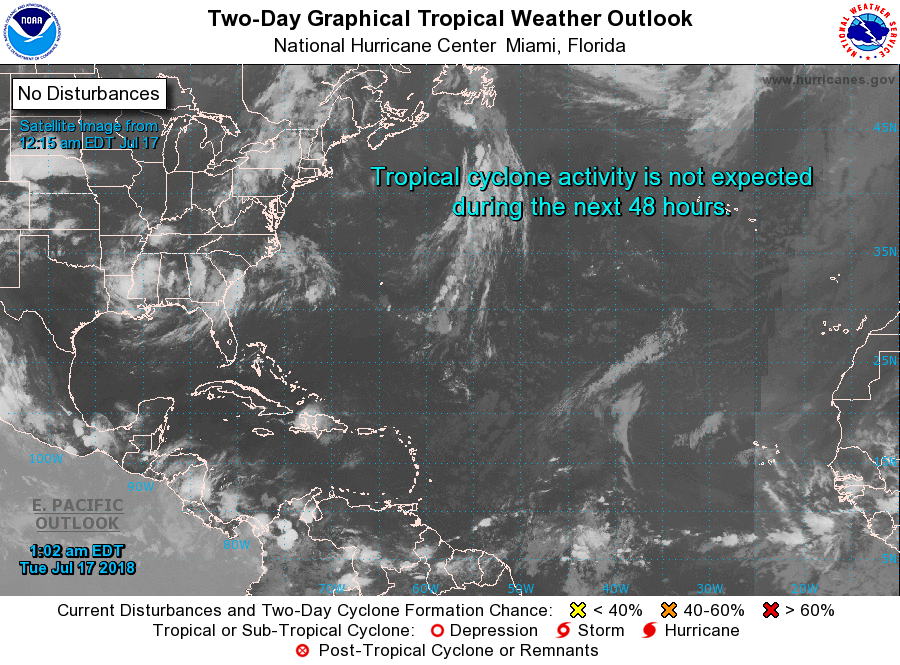
For the North Atlantic...Caribbean Sea and the Gulf of Mexico:

Tropical cyclone formation is not expected for the next five days.

Forecaster Blake